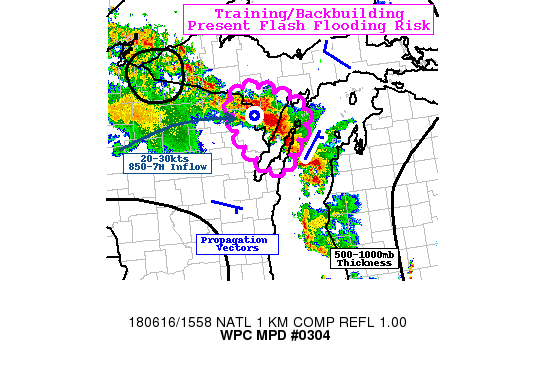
AREAS AFFECTED...SOUTHERN U.P. OF MI...EXT NORTHEAST WI...

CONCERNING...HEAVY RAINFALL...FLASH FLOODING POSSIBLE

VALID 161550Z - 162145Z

SUMMARY...SLOW MOVING/UPSTREAM REGENERATIVE COMPLEX POSE FLASH
FLOOD RISK OVER NEXT FEW HOURS.

DISCUSSION...GOES-16 VISIBLE AND 10.3UM IR CHANNELS DEPICT RECENT
UPTICK IN CONVECTIVE VIGOR WITH NUMEROUS OVERSHOOTING TOPS AND
GENERAL COOLING AND EXPANSION OF THE CLOUD SHIELD OVER GREEN
BAY/NORTHERN LAKE MICHIGAN AND ACROSS LOWER MENOMINEE RIVER
VALLEY.  THREE CHANNEL WV SUITE AND VWP AT MQT/DLH DENOTE
SHORTWAVE ENERGY LIFTING NORTHEAST WEST OF THE AREA OF CONCERN.
YET 850 TO 7H FLOW CONTINUES TO BE SUPPORTIVE OF WAA TO MAINTAIN
CONVECTIVE DEVELOPMENT AND STARTING TO ALIGN WITH THE MEAN CELL
MOTIONS TO SUPPORT BACKBUILDING AND TRAINING OF CELLS. WELL OF
INSTABILITY REMAINS AS RAP ANALYSIS DEPICTS LARGE AREA OF 1000
J/KG MUCAPES AVAILABLE TO BE TAPPED BY THE LOW LEVEL
CONVERGENCE/WAA.  ADDITIONALLY...AMPLE DEEP LAYERED MOISTURE/FLUX
WILL ALLOW FOR HIGH RAINFALL EFFICIENCY AS TPWS IN THE 1.75-2"
RANGE WILL SUPPORT EQUALLY HIGH RAIN FALL RATES.   A LIMITING
QUESTION THOUGH REMAINS ON LENGTH OF DURATION AS THE MAIN FORCING
PASSES TOWARD 16-18Z REDUCING THE LLJ STRENGTH AND REDUCING BEST
ORIENTATION FOR TRAINING.  THIS AS BEEN SEEN RECENTLY BY THE SHIFT
IN FOCUS FROM THE BACKBUILDING THAT WAS OVER LAKE MICHIGAN BACK
WEST TO THE CURRENT AREA OF CONCERN. RAP ANALYSIS 500-1000MB
THICKNESS FIELDS SUGGEST A SMALL SOUTHWARD SHIFT/PROPAGATION IS
POSSIBLE TOWARD SOUTHERN GREEN BAY...WHICH MAY STAVE OFF VERY HIGH
RAINFALL TOTALS HOWEVER THE POTENTIAL FOR 2-3" RAINFALL TOTALS IS
SUFFICIENT TO CONSIDER FLASH FLOODING POSSIBLE IN THE NEXT FEW
HOURS.  CONFIDENCE IS BOLSTERED A BIT BY RECENT OPERATIONAL HRRR
RUNS THAT SUPPORT THIS SCENARIO UNFOLDING.